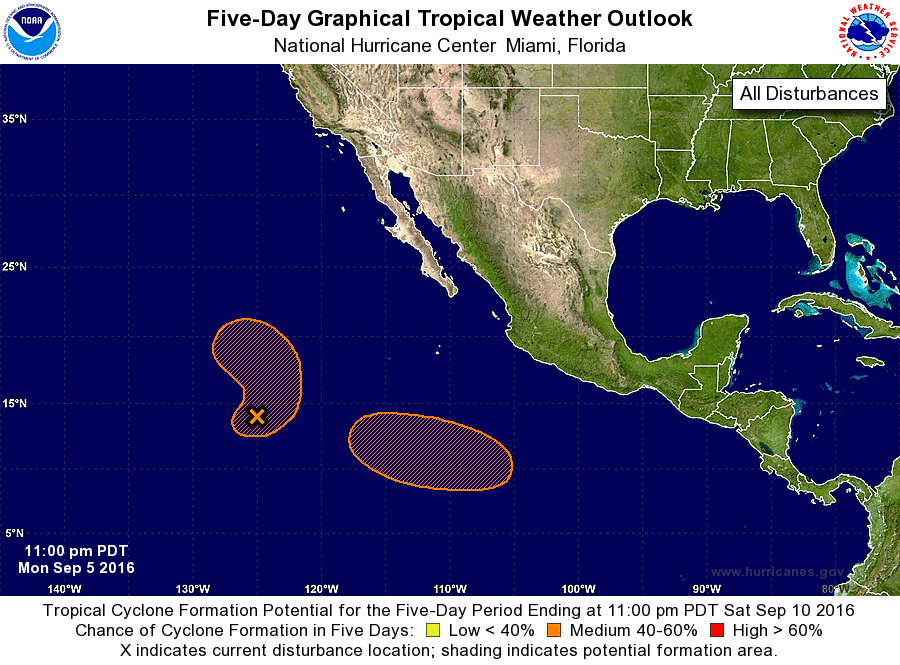
For the eastern North Pacific...east of 140 degrees west longitude:

The National Hurricane Center is issuing advisories on Hurricane Newton, located south-southeast of Cabo San Lucas, Mexico.

1. Shower activity associated with an elongated area of low pressure located about 1200 miles southwest of the southern tip of the Baja California peninsula is beginning to show some signs of organization. Environmental conditions are expected to be conducive for gradual development of this system during the next several days while it drifts eastward, and then turns northward later in the week.
* Formation chance through 48 hours...medium...50 percent
* Formation chance through 5 days...medium...60 percent

2. An area of low pressure is expected to form later this week several hundred miles southwest of Manzanillo, Mexico. Slow development of this system is possible after that time while it moves westward or west-northwestward.
* Formation chance through 48 hours...low...near 0 percent
* Formation chance through 5 days...medium...40 percent

Forecaster Stewart